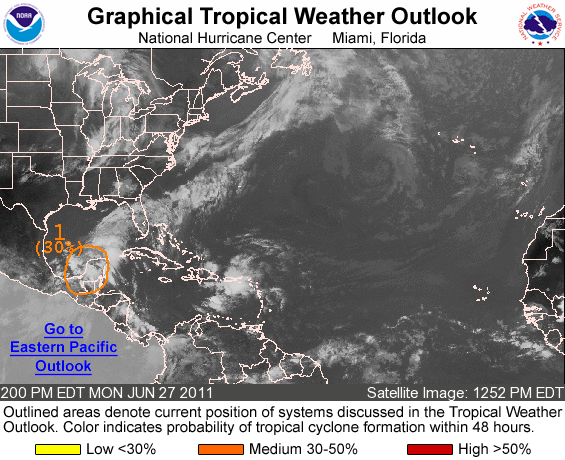
FOR THE NORTH ATLANTIC...CARIBBEAN SEA AND THE GULF OF MEXICO...

1. A BROAD AREA OF LOW PRESSURE OVER THE EASTERN BAY OF CAMPECHE IS PRODUCING DISORGANIZED CLOUDINESS AND SHOWERS. UPPER-LEVEL WINDS ARE CURRENTLY NOT CONDUCIVE FOR DEVELOPMENT...HOWEVER THESE WINDS ARE FORECAST TO BECOME MORE FAVORABLE OVER THE NEXT COUPLE OF DAYS. THERE IS A MEDIUM CHANCE...30 PERCENT...OF THIS SYSTEM BECOMING A TROPICAL CYCLONE DURING THE NEXT 48 HOURS. AN AIR FORCE RESERVE UNIT HURRICANE HUNTER PLANE IS SCHEDULED TO INVESTIGATE THE AREA ON TUESDAY...IF NECESSARY. REGARDLESS OF DEVELOPMENT...THIS DISTURBANCE WILL CONTINUE TO BRING LOCALLY HEAVY RAINS AND GUSTY WINDS TO PORTIONS OF EASTERN MEXICO AND CENTRAL AMERICA DURING THE NEXT DAY OR TWO AS IT MOVES SLOWLY WEST-NORTHWESTWARD.

ELSEWHERE...TROPICAL CYCLONE FORMATION IS NOT EXPECTED DURING THE NEXT 48 HOURS.

FORECASTER PASCH